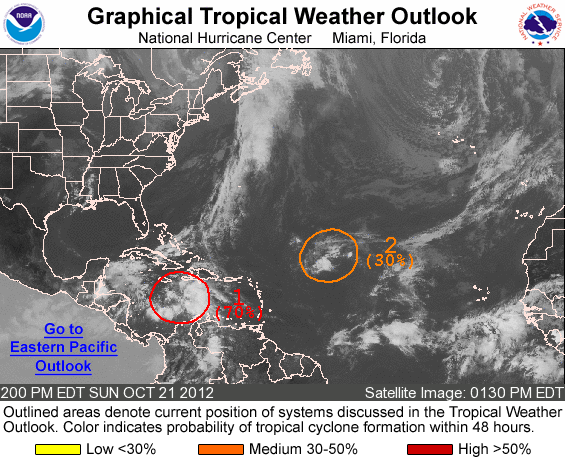
FOR THE NORTH ATLANTIC...CARIBBEAN SEA AND THE GULF OF MEXICO...

1. A BROAD AREA OF LOW PRESSURE...ASSOCIATED WITH A TROPICAL WAVE...IS PRODUCING A LARGE AREA OF SHOWERS AND THUNDERSTORMS OVER THE CENTRAL CARIBBEAN SEA. ENVIRONMENTAL CONDITIONS ARE EXPECTED TO BE CONDUCIVE FOR THE FORMATION OF A TROPICAL DEPRESSION DURING THE NEXT COUPLE OF DAYS...AND THIS SYSTEM HAS A HIGH CHANCE...70 PERCENT...OF BECOMING A TROPICAL CYCLONE DURING THE NEXT 48 HOURS AS IT MOVES SLOWLY WESTWARD AND BECOMES NEARLY STATIONARY WELL SOUTH OF JAMAICA. HEAVY RAINS FROM THIS DISTURBANCE ARE LIKELY TO SPREAD OVER JAMAICA...HISPANIOLA...AND EASTERN CUBA OVER THE NEXT SEVERAL DAYS. THESE RAINS COULD PRODUCE LIFE-THREATENING FLASH FLOODS AND MUD SLIDES...ESPECIALLY IN AREAS OF HIGH TERRAIN.

2. A TROPICAL WAVE INTERACTING WITH AN UPPER-LEVEL LOW IS PRODUCING A SMALL AREA OF SHOWERS AND A FEW THUNDERSTORMS OVER THE CENTRAL ATLANTIC ABOUT 850 MILES EAST-NORTHEAST OF THE LEEWARD ISLANDS. ENVIRONMENTAL CONDITIONS ARE EXPECTED TO BE CONDUCIVE FOR SOME DEVELOPMENT BEFORE UPPER-LEVEL WINDS STRENGTHEN ON TUESDAY. THIS SYSTEM HAS A MEDIUM CHANCE...30 PERCENT...OF BECOMING A TROPICAL CYCLONE DURING THE NEXT 48 HOURS AS IT MOVES NORTHWESTWARD TO NORTH- NORTHWESTWARD AT ABOUT 10 MPH.

ELSEWHERE...TROPICAL STORM FORMATION IS NOT EXPECTED DURING THE NEXT 48 HOURS.

FORECASTER BERG